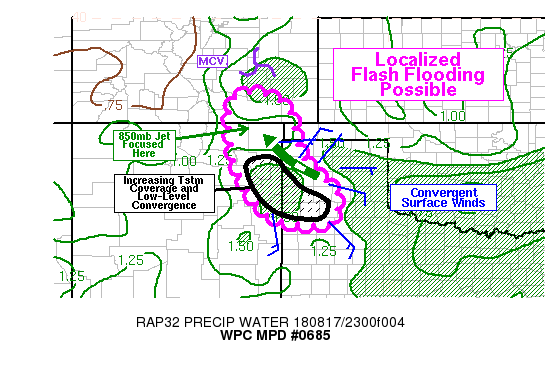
Areas affected...Wrn TX Panhandle, NE NM, SE CO

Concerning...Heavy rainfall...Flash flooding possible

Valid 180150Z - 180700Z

Summary...Thunderstorms were becoming increasingly concentrated in
the southern High Plains from near Tucumcari, New Mexico southeast
to near Plainview, Texas. These storms may collide and stall in
some areas, producing locally heavy rainfall and the potential for
flash flooding. Further north, near the eastern portion of the
Colorado and New Mexico border, other thunderstorms may develop in
the late evening and could also pose a risk of flash flooding.

Discussion...Regional radars (KAMA, KFDX, KLBB) showed an
increasingly concentrated area of convection that coincided with
convergent surface wind observations. This stretched from near
KTCC to near KPVW, and happened to also be a region of generally
reduced flash flood guidance. 3-hour values in some parts of this
focused region were as low as 1.5 inches, certainly achievable
given dual pol and MRMS rain rate estimates in the 1-2 in/hr range
already. Therefore, purely based on ongoing observational trends,
there does appear to be an increasing risk of flash flooding in
this small area of northeast New Mexico and the western Texas
Panhandle. This would be most likely when thunderstorm clusters
collide and may result in stalling or chaotic storm motions,
lengthening the duration of heavy rain in some localized areas.

Further north, radar trends from KPUX indicated a likely MCV just
northeast of Pueblo, with a trailing line of convection to the
southeast. At the moment this was showing reasonably fast
progress, which was limiting rainfall totals despite high
instantaneous rain rates. However, RAP analysis shows a low-level
jet (850mb) nosing into far northeast New Mexico, near the
Colorado border. This, the MCV, and outflow associated with the
convective line, may provide enough focus for additional
thunderstorm growth and the possibility of localized flash
flooding. However, the probability would be lower than locations
further south in the KTCC-KPVW corridor.